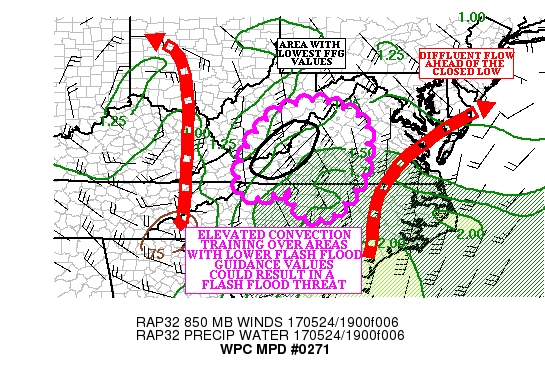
AREAS AFFECTED...EASTERN WV...WESTERN VA...NORTHWEST NC

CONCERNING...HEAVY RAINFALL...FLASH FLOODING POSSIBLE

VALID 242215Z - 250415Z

SUMMARY...CONVECTION TRACKING OVER AREAS WITH LOWER FLASH FLOOD
GUIDANCE VALUES COULD RESULT IN A FLASH FLOOD THREAT THROUGH THE
LATE EVENING HOURS.

DISCUSSION...LINES OF LOW TOPPED CONVECTION CONTINUE TRACKING FROM
SOUTH TO NORTH ACROSS CENTRAL AND WESTERN NC INTO FAR SOUTHWEST VA
AND EASTERN WV. THE CONVECTION BECOMES ELEVATED AS IT MOVES NORTH
OF A WARM FRONT OVER WESTERN NC...AS THE BEST INSTABILITY BECOMES
CUT OFF FROM THE SOUTH.

A 20 TO 25 KNOT LOW LEVEL FLOW SOUTHEAST FLOW AT 850 MB CONTINUES
TO SUPPLY 1.25 TO 1.50 INCH PRECIPITABLE WATER AIR TO THE ELEVATED
CONVECTION OVER SOUTHWEST VA... WHERE LOCAL RADARS SHOWED HOURLY
RAINFALL RATES GENERALLY AN INCH OR LESS.

AS SHORT WAVE ENERGY IS EJECTED FROM A CLOSED MID LEVEL LOW OVER
SOUTHERN IN AND NORTHERN KY...DIVERGENCE ALOFT INCREASES OVER THE
MID ATLANTIC STATES...RESULTING IN AN ENLARGING AREA OF SYNOPTIC
SCALE ASCENT. THE COMBINATION OF LOW LEVEL UPSLOPE INFLOW..A
DEEPENING MOISTURE PLUME...AS WELL AS INCREASING SYNOPTIC SCALE
LIFT SHOULD RESULT IN COVERAGE OF SHOWERS AND ELEVATED
THUNDERSTORMS OVER FAR NORTHWEST NC...MUCH OF WESTERN VA...AND FAR
EASTERN WV THROUGH THE EVENING HOURS.

THE BEST LIFT IS EXPECTED TO PASS OVER THIS AREA DURING THE
EVENING HOURS (GENERALLY BETWEEN 23Z AND 03Z)...DURING WHICH TIME
RAINFALL RATES ARE EXPECTED TO STEADILY INCREASE. HOWEVER...IT IS
UNCLEAR HOW MUCH OF A CONVECTIVE ELEMENT IS PRESENT DURING THE
BEST SYNOPTIC SCALE ASCENT. THE LATEST RAP SHOWED DECREASING
VALUES OF MUCAPE (DROPPING BELOW 250 J/KG BY 03Z)...WHICH WOULD
SUGGEST THAT MUCH OF THE MODERATE TO HEAVY RAIN THAT FALLS WILL
NOT HAVE ANY CONVECTIVE ENHANCEMENTS TO THE RAINFALL RATES.

THREE HOUR FLASH FLOOD GUIDANCE VALUES ARE AS LOW AS 1.00 TO 1.50
INCHES ACROSS MUCH OF EASTERN WV AND SOUTHWEST VA. MUCH OF THE
HIGH RESOLUTION GUIDANCE VALUES NEAR THESE VALUES...BUT WITHOUT
THE CONVECTIVE RAINFALL RATES...TRUE FLASH FLOODING WILL BE
DIFFICULT.